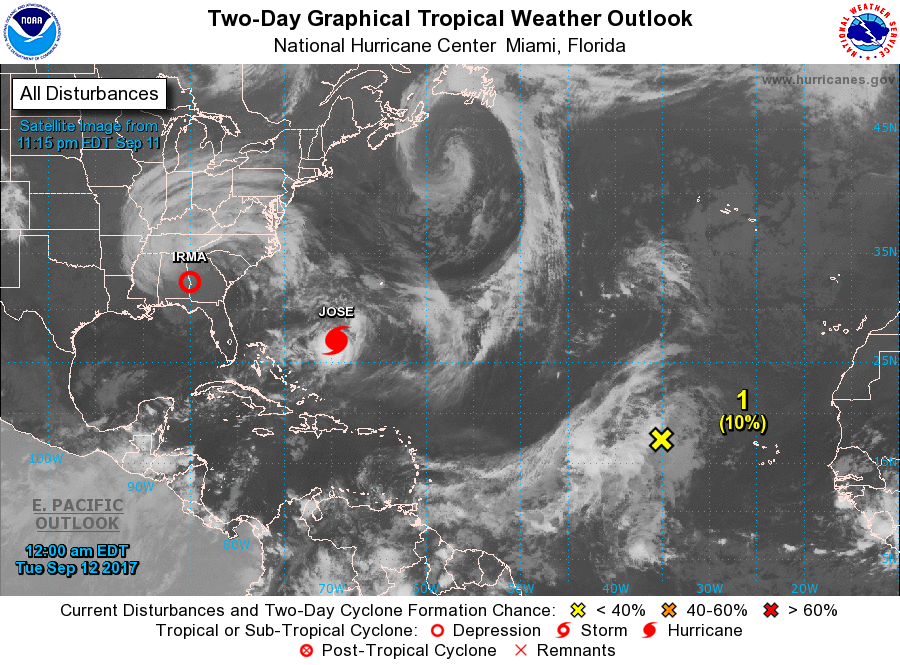
For the North Atlantic...Caribbean Sea and the Gulf of Mexico:

The National Hurricane Center is issuing advisories on Tropical Storm Irma, located inland over southern Georgia, and on Hurricane Jose, located a few hundred miles north-northeast of the Turks and Caicos Islands.

1. Showers and thunderstorms associated with a tropical wave located several hundred miles west of the Cabo Verde Islands have not become any better organized during the past day. Upper-level winds are not expected to support significant development while the system moves northwestward to northward for the next few days.
* Formation chance through 48 hours...low...10 percent.
* Formation chance through 5 days...low...10 percent.

Forecaster Zelinsky